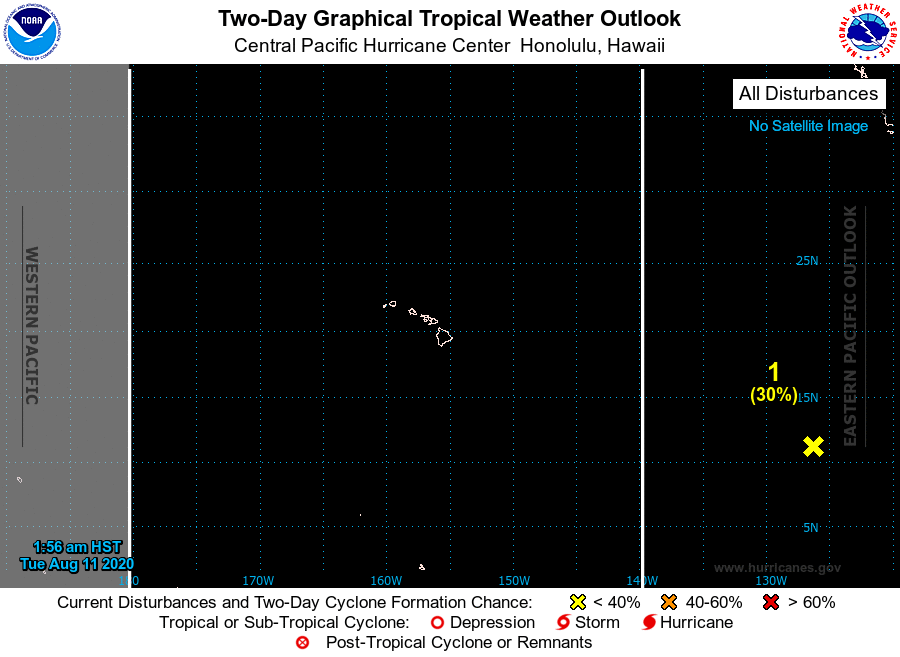
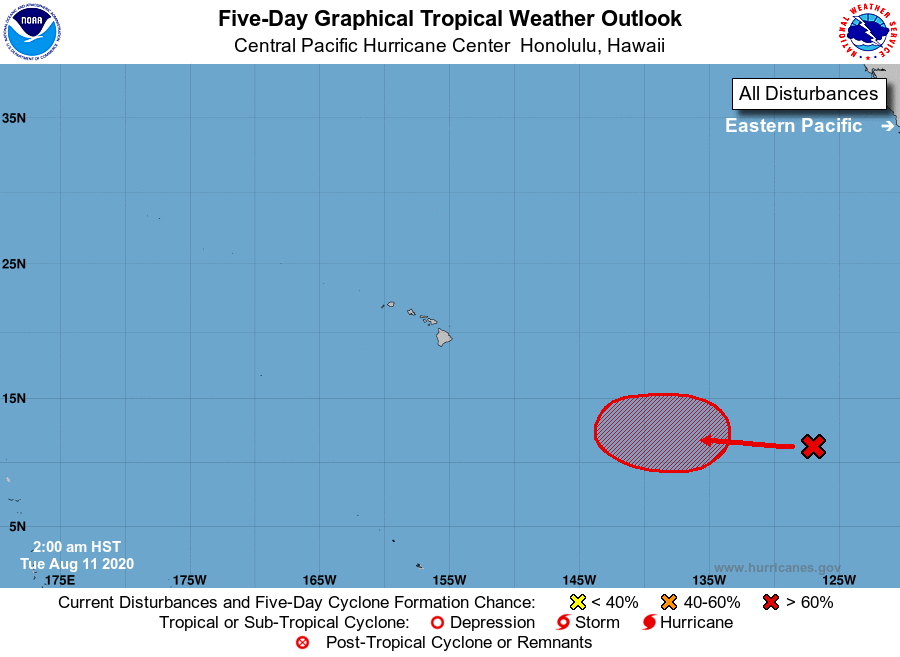
For the central North Pacific...between 140W and 180W:

1. An elongated area of disturbed weather is located around 1900 miles east-southeast of Hilo, Hawaii. A low pressure system is expected to form within this area in a day or two, and it will likely become a tropical depression late this week. The system is expected to move slowly westward toward the central Pacific basin during the next several days.
* Formation chance through 48 hours...low...30 percent.
* Formation chance through 5 days...high...70 percent.

Elsewhere, no tropical cyclones are expected during the next 5 days.

Forecaster Jelsema